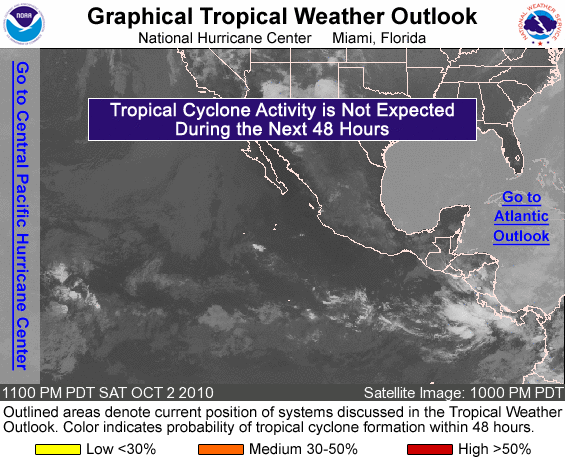
FOR THE EASTERN NORTH PACIFIC...EAST OF 140 DEGREES WEST LONGITUDE..

TROPICAL CYCLONE FORMATION IS NOT EXPECTED DURING THE NEXT 48 HOURS.

FORECASTER CANGIALOSI